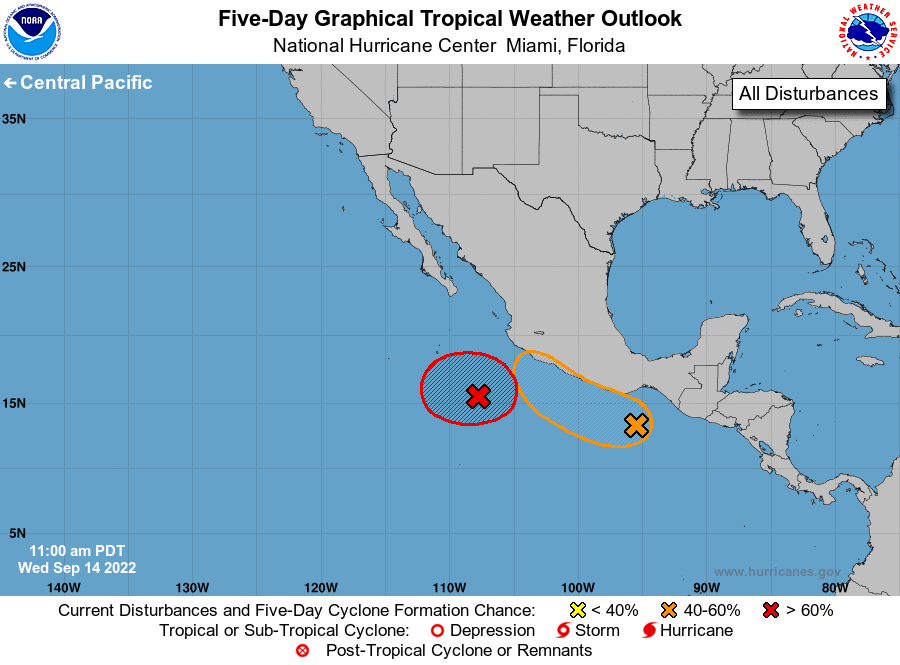
For the eastern North Pacific...east of 140 degrees west longitude:

1. Southwest of Southwestern Mexico: A low pressure system located a few hundred miles southwest of Manzanillo, Mexico, continues to produce showers and thunderstorms, mainly to the west of its center of circulation. Environmental conditions appear conducive for further development of this system, and a tropical depression is likely to form during the next couple of days while meandering southwest of the southwestern coast of Mexico.
* Formation chance through 48 hours...high...70 percent.
* Formation chance through 5 days...high...80 percent.

2. Near the Coast of Southern Mexico: A large area of disorganized showers and thunderstorms a couple of hundred miles off the coast of southern Mexico is associated with a trough of low pressure. Development of this system is possible during the next few days, and a tropical depression could form before reaching the coast of southern or southwestern Mexico, and possibly moving inland, over the weekend.
* Formation chance through 48 hours...medium...40 percent.
* Formation chance through 5 days...medium...50 percent.

Forecaster Berg